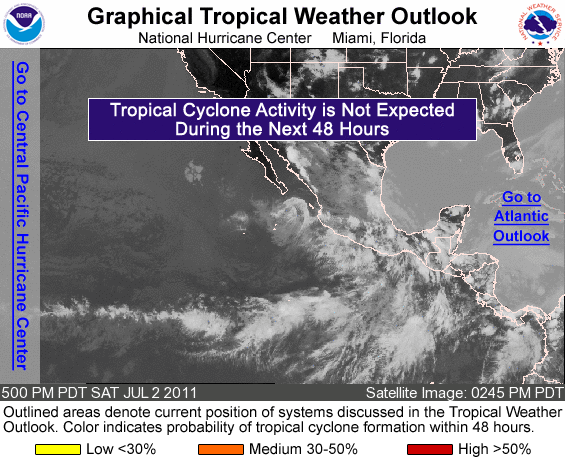
FOR THE EASTERN NORTH PACIFIC...EAST OF 140 DEGREES WEST LONGITUDE..

SHOWERS AND THUNDERSTORMS HAVE DIMINISHED IN ASSOCIATION WITH THE REMNANT LOW OF TROPICAL STORM ARLENE LOCATED ABOUT 200 MILES SOUTH OF THE SOUTHERN TIP OF BAJA CALIFORNIA. DEVELOPMENT OF THIS SYSTEM IS NOT EXPECTED DUE TO COLD SEA SURFACE TEMPERATURES. THERE IS A LOW CHANCE...0 PERCENT...OF THIS SYSTEM BECOMING A TROPICAL CYCLONE DURING THE NEXT 48 HOURS.

TROPICAL CYCLONE FORMATION IS NOT EXPECTED DURING THE NEXT 48 HOURS.

FORECASTER CANGIALOSI